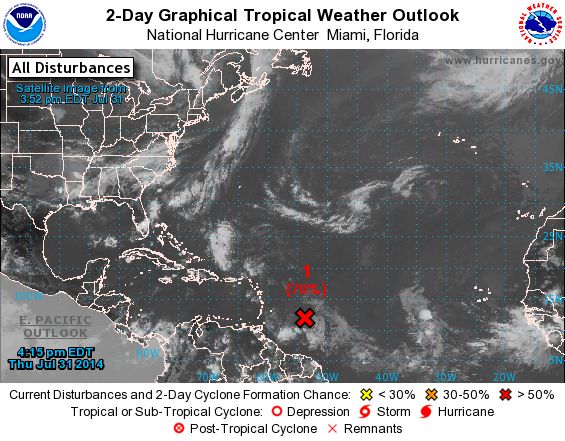
For the North Atlantic...Caribbean Sea and the Gulf of Mexico:

1. A Hurricane Hunter aircraft has continued to investigate the low pressure system located about 500 miles east of the Windward Islands. Observations from the aircraft indicate that this system is producing winds of up to 40 to 45 mph in the northern portion of the circulation. Showers and thunderstorms could redevelop over the low tonight or Friday, which could result in tropical cyclone formation. Regardless of development, winds of gale force are likely to spread across portions of the Lesser Antilles beginning early Friday. Interests in the Lesser Antilles should continue to monitor the progress of this disturbance as it moves west-northwestward near 20 mph, and watches or warnings may be required for some of these islands later tonight or Friday.
* Formation chance through 48 hours...high...70 percent.
* Formation chance through 5 days...high...70 percent.

Forecaster Pasch